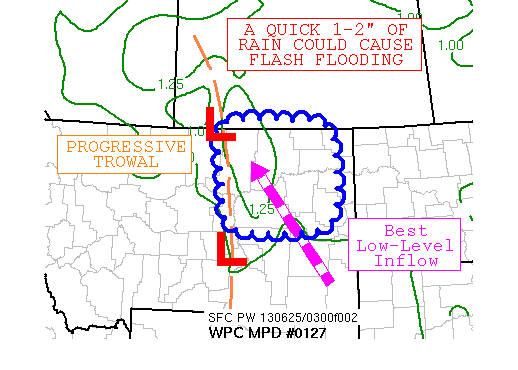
AREAS AFFECTED...NORTHEAST MT

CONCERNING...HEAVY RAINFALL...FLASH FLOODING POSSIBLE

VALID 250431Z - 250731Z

SUMMARY...A PROGRESSIVE LINE OF THUNDERSTORMS WITH HEAVY RAINFALL
COULD LEAD TO FLASH FLOODING AS IT MOVES ACROSS NORTHEAST MT OVER
THE NEXT FEW HOURS.

DISCUSSION...A LINE OF THUNDERSTORMS IS ORGANIZING AHEAD OF A
NEGATIVELY-TILTED UPPER LEVEL TROUGH ACROSS NORTHEAST MT.  VAD
WIND PROFILES SHOW 30 KNOTS OF LOW-LEVEL INFLOW INTO THE REGION
AND PRECIPITABLE WATER VALUES BETWEEN 1.25-1.50 INCHES, WHICH IS
NEAR THE 99TH PERCENTILE FOR JUNE.  SATELLITE-DERIVED CAPE VALUES
ARE IN THE 3000-5000 J/KG RANGE.  THE 03Z RAP RUN IN COMBINATION
WITH 04Z SURFACE OBSERVATIONS INDICATE THAT THE THUNDERSTORMS ARE
CONCENTRATED ALONG A LOW-LEVEL BOUNDARY -- OR TROWAL -- WHICH IS
EXPECTED TO MOVE EASTWARD ACROSS EASTERN MT OVER THE NEXT FEW
HOURS NORTH OF A SYNOPTIC-SCALE CYCLONE.  THE BEST LOW-LEVEL
INFLOW FEEDING INTO THE LINE IS EXPECTED TO LIFT UP INTO
SASKATCHEWAN IN A FEW HOURS.  FLASH FLOOD GUIDANCE IS QUITE LOW
ACROSS THE REGION -- ONE INCH IN THREE HOURS -- SO BELIEVE THERE
IS A THREAT FOR FLASH FLOODING OVER THE NEXT FEW HOURS.  LOCAL
RAINFALL AMOUNTS OF 1-2 INCHES ACROSS THE REGION COULD CAUSE FLASH
FLOODING.